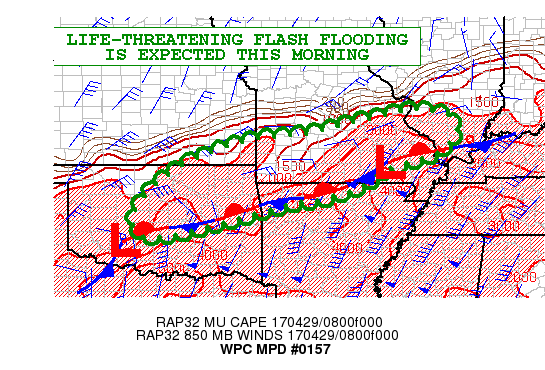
AREAS AFFECTED...CENTRAL/EASTERN OK...FAR SOUTHEAST KS...FAR
NORTHWEST AR...SOUTHERN MO...FAR SOUTHWEST IL

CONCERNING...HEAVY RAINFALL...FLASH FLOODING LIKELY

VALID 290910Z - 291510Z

SUMMARY...HIGH-IMPACT AND LIFE-THREATENING FLASH FLOODING IS
EXPECTED THIS MORNING AS STRONG THUNDERSTORMS CONTINUE TO TRAIN
OVER THE SAME AREA.

DISCUSSION...A VERY ACTIVE MORNING WITH TRAINING THUNDERSTORMS
CONTINUES ACROSS AREAS OF CENTRAL/NORTHEAST OK...FAR NORTHWEST AR
AND ACROSS SOUTHERN MO. ALREADY VERY HEAVY RAINFALL HAS OCCURRED
AND ADDITIONAL HEAVY RAIN IS EXPECTED THIS MORNING AS A WIDESPREAD
AXIS OF THUNDERSTORMS CONTINUES TO SUSTAIN ITSELF.

THIS IS BEING FACILITATED BY A SLOW-MOVING UPPER TROUGH THAT IS
SLOWLY EJECTING EAST OUT INTO THE SOUTHERN HIGH PLAINS. MEANWHILE
DOWNSTREAM FROM THIS ACROSS THE LOWER MS VALLEY REGION...A STRONG
WARM ADVECTION PATTERN CONTINUES WITH A DEEP LAYER FETCH OF
MOISTURE AND INSTABILITY SURGING NORTHWARD INTO A STRONG FRONTAL
ZONE THAT IS ORIENTED FROM NORTH OF THE RED RIVER UP ACROSS
NORTHERN AR AND THEN EAST INTO THE OH VALLEY. IN FACT...AREA VWP
DATA IS INDICATING A S/SW LOW LEVEL JET OF AS MUCH AS 60 KTS
ACROSS NORTH TEXAS AND CENTRAL AR. PWATS OF 1.6 TO 1.8 INCHES ARE
NOTED OVER EASTERN OK AND INTO NORTHERN AR AND SOUTHERN MO...WITH
IMPRESSIVELY HIGH MUCAPE VALUES OF 3000 TO 4000 J/KG ALONG THE
FRONT.

THE THERMODYNAMICS ALONE ARE SUFFICIENT TO DRIVE INTENSE RAINFALL
RATES...BUT WITH A COUPLED JET STRUCTURE ADVANCING EAST OUT INTO
THE SOUTHERN HIGH PLAINS...THE UPPER LEVEL FLOW ACROSS
CENTRAL/EASTERN OK AND THROUGH SOUTHERN MO IS QUITE DIFFLUENT AND
IS HELPING TO PROVIDE ADDITIONAL DEEP LAYER ASCENT.

EXPECT RAINFALL RATES AGAIN TO BE UPWARDS OF 2 INCHES/HR...WITH
LOCALLY HEAVIER RATES WHERE OVERSHOOTING TOP ACTIVITY OCCURS. THE
LATEST HRRR GUIDANCE FAVORS AS MUCH AS 3 TO 5 INCHES OF ADDITIONAL
RAIN OVER PARTS OF NORTHEAST OK...FAR NORTHWEST AR AND SOUTHERN MO
THROUGH LATE MORNING. THE 00Z ARW/NSSL-WRF GUIDANCE ALSO INDICATES
HEAVY AMOUNTS WITH JUST SOMEWHAT LESSER AMOUNTS. IN ANY
CASE...THESE ADDITIONAL RAINS WILL BE FALLING OVER AREAS THAT HAVE
ALREADY SEEN LOCALLY AS MUCH AS 3 TO 5 INCHES OF RAIN. THE
SATURATED SOIL CONDITIONS WILL RESULT IN SIGNIFICANT RUNOFF
PROBLEMS THIS MORNING AND A LIKELIHOOD OF LIFE-THREATENING FLASH
FLOODING.